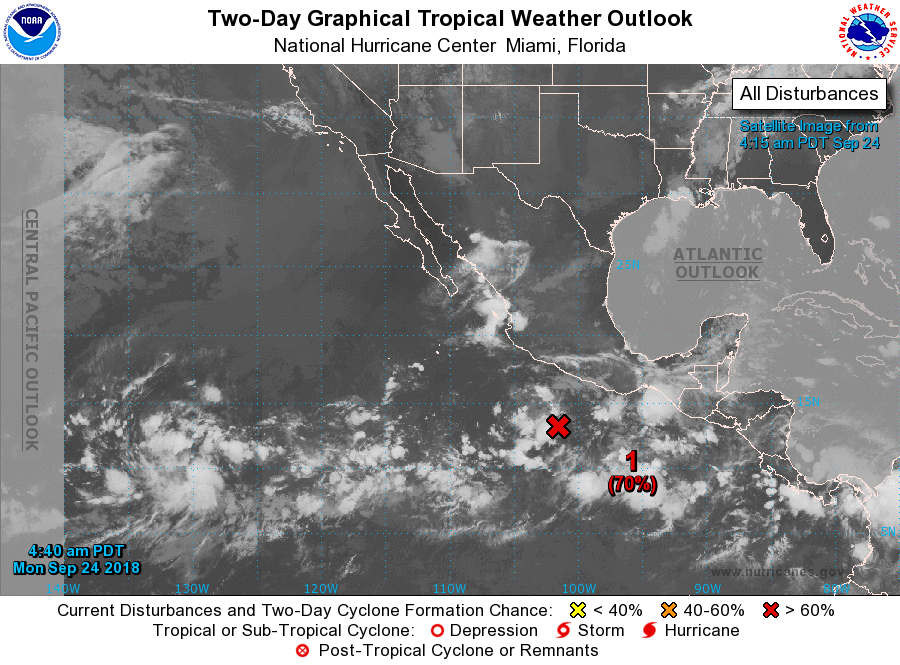
For the eastern North Pacific...east of 140 degrees west longitude:

1. Showers and thunderstorms associated with an area of low pressure located a little over 300 miles south of Manzanillo, Mexico, continue to become better organized. Environmental conditions are expected to be conducive for development, and a tropical depression is likely to form within the next couple days while the system moves west-northwestward well off the coast of Mexico.
* Formation chance through 48 hours...high...70 percent.
* Formation chance through 5 days...high...90 percent.

2. An area of low pressure is expected to form over the far western portion of the eastern North Pacific basin in a couple of days. Some gradual development of this system is possible after that time while it moves westward toward the central Pacific.
* Formation chance through 48 hours...low...near 0 percent.
* Formation chance through 5 days...low...30 percent.

Forecaster Roberts